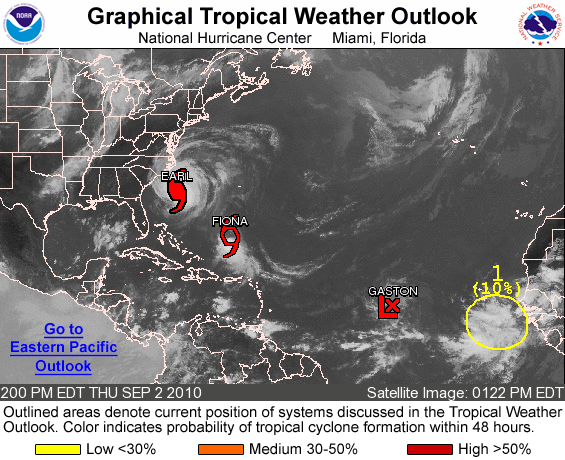
FOR THE NORTH ATLANTIC...CARIBBEAN SEA AND THE GULF OF MEXICO...

THE NATIONAL HURRICANE CENTER IS ISSUING ADVISORIES ON HURRICANE EARL...LOCATED ABOUT 245 MILES SOUTH OF CAPE HATTERAS NORTH CAROLINA. ADVISORIES ARE ALSO BEING ISSUED ON TROPICAL STORM FIONA...LOCATED ABOUT 520 MILES SOUTH-SOUTHWEST OF BERMUDA...AND ON RECENTLY DOWNGRADED TROPICAL DEPRESSION GASTON...LOCATED ABOUT 1000 MILES WEST OF THE SOUTHERNMOST CAPE VERDE ISLANDS.

1. DISORGANIZED SHOWERS AND THUNDERSTORMS...ASSOCIATED WITH A VIGOROUS TROPICAL WAVE...ARE LOCATED A FEW HUNDRED MILES EAST-SOUTHEAST OF THE SOUTHERNMOST CAPE VERDE ISLANDS. SOME SLOW DEVELOPMENT OF THIS SYSTEM IS POSSIBLE DURING THE NEXT COUPLE OF DAYS AS IT MOVES WESTWARD NEAR 10 MPH. THERE IS A LOW CHANCE...10 PERCENT...OF THIS SYSTEM BECOMING A TROPICAL CYCLONE DURING THE NEXT 48 HOURS.

ELSEWHERE...TROPICAL CYCLONE FORMATION IS NOT EXPECTED DURING THE NEXT 48 HOURS.

PUBLIC ADVISORIES ON TROPICAL DEPRESSION GASTON ARE ISSUED UNDER WMO HEADER WTNT34 KNHC AND UNDER AWIPS HEADER MIATCPAT4. FORECAST/ADVISORIES ON TROPICAL DEPRESSION GASTON ARE ISSUED UNDER WMO HEADER WTNT24 KNHC AND UNDER AWIPS HEADER MIATCMAT4.

FORECASTER ROBERTS/PASCH